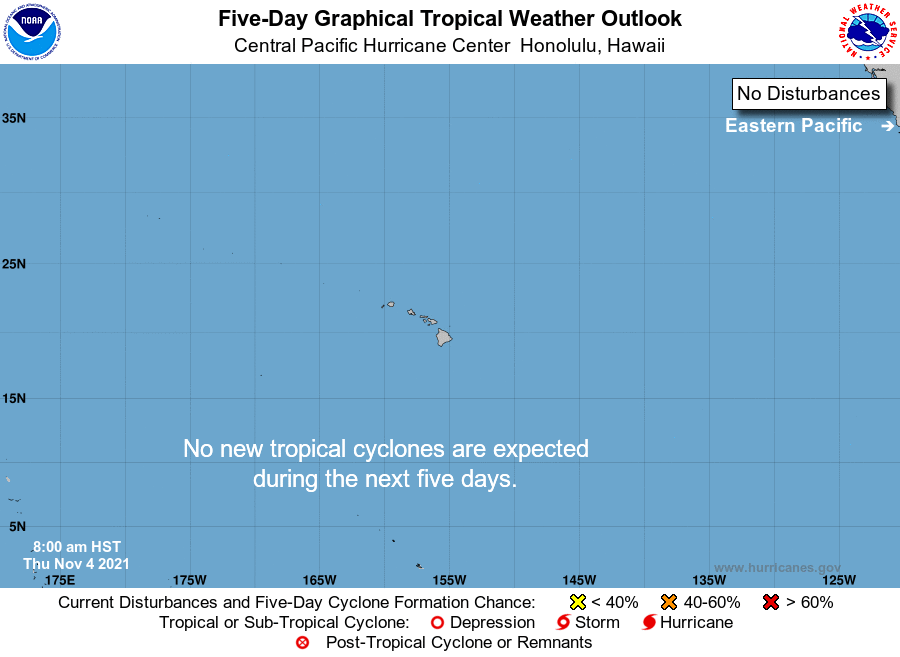
For the central North Pacific...between 140W and 180W:

No tropical cyclones are expected during the next 5 days.

Forecaster Almanza